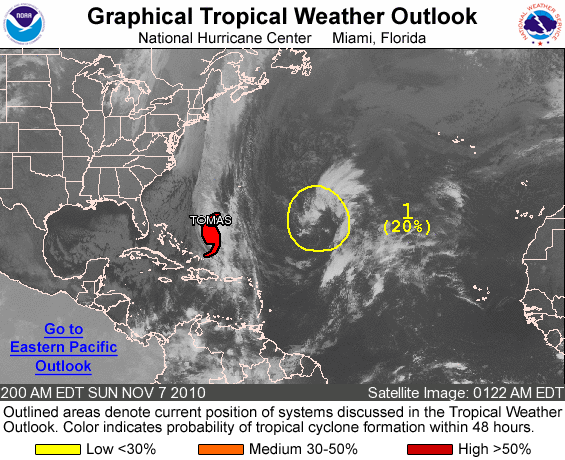
FOR THE NORTH ATLANTIC...CARIBBEAN SEA AND THE GULF OF MEXICO...

THE NATIONAL HURRICANE CENTER IS ISSUING ADVISORIES ON HURRICANE TOMAS...LOCATED ABOUT 570 MILES SOUTH-SOUTHWEST OF BERMUDA.

1. A LARGE AREA OF CLOUDINESS AND THUNDERSTORMS LOCATED ABOUT 900 MILES EAST-SOUTHEAST OF BERMUDA IS ASSOCIATED WITH A SURFACE TROUGH AND AN UPPER-LEVEL LOW. ALTHOUGH THIS SYSTEM HAS CHANGED LITTLE DURING THE PAST SEVERAL HOURS...SOME SLOW DEVELOPMENT IS POSSIBLE DURING THE NEXT DAY OR SO BEFORE THE DISTURBANCE MOVES OVER COOLER WATERS AND INTERACTS WITH A FRONTAL BOUNDARY. THERE IS A LOW CHANCE...20 PERCENT...OF THIS SYSTEM BECOMING A SUBTROPICAL OR TROPICAL CYCLONE DURING THE NEXT 48 HOURS AS IT MOVES NORTHWESTWARD AT 15 TO 20 MPH.

ELSEWHERE...TROPICAL CYCLONE FORMATION IS NOT EXPECTED DURING THE NEXT 48 HOURS.

FORECASTER STEWART